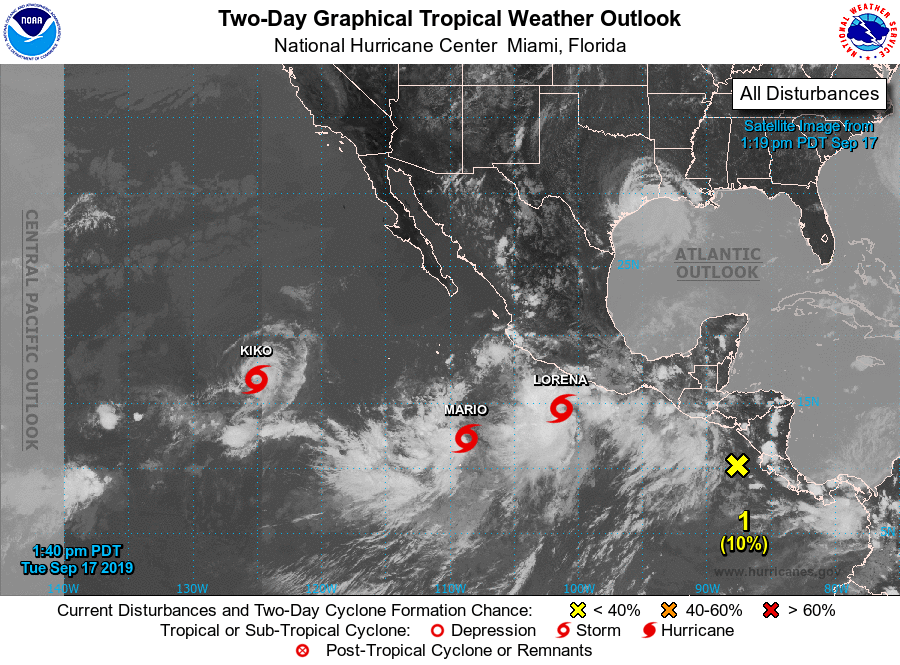
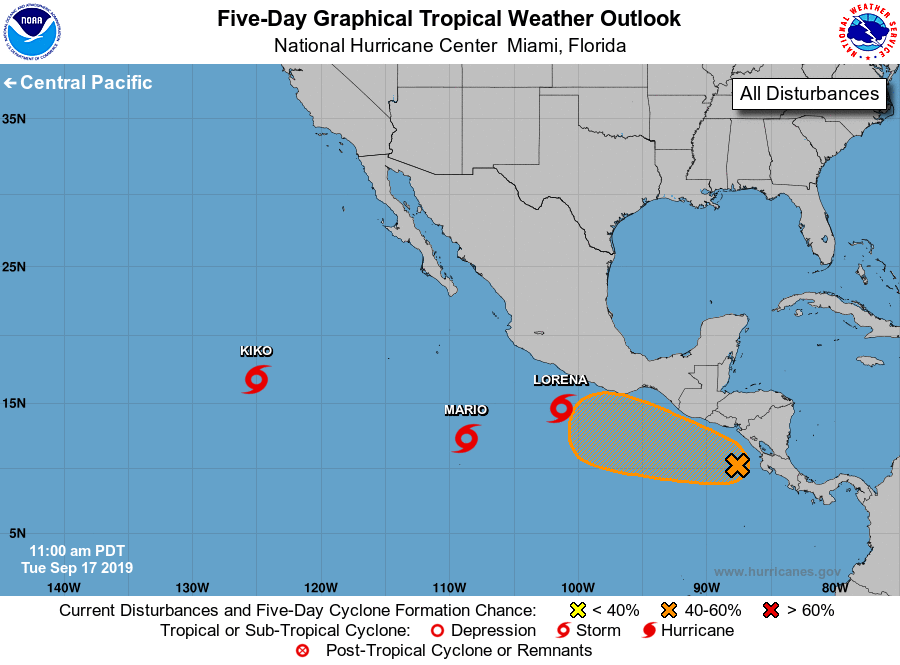
For the eastern North Pacific...east of 140 degrees west longitude:

The National Hurricane Center is issuing advisories on Hurricane Kiko, located over the southwestern part of the basin, on newly formed Tropical Depression Fourteen-E, located several hundred miles south of the southern tip of the Baja California peninsula, and on newly formed Tropical Storm Lorena, located a few hundred miles south-southeast of Zihuatanejo, Mexico.

1. Disorganized cloudiness and showers located just west of Central America are associated with a trough of low pressure. Gradual development of this system is anticipated during the next several days, and a tropical depression could form over the weekend while the wave moves westward or west-northwestward at 5 to 10 mph. Locally heavy rainfall is possible along the coasts of El Salvador, Guatemala and southeastern Mexico during the next few days.
* Formation chance through 48 hours...low...10 percent.
* Formation chance through 5 days...medium...50 percent.

Public Advisories on Fourteen-E are issued under WMO header WTPZ34 KNHC and under AWIPS header MIATCPEP4. Forecast/Advisories on Fourteen-E are issued under WMO header WTPZ24 KNHC and under AWIPS header MIATCMEP4.

Public Advisories on Lorena are issued under WMO header WTPZ35 KNHC and under AWIPS header MIATCPEP5. Forecast/Advisories on Lorena are issued under WMO header WTPZ25 KNHC and under AWIPS header MIATCMEP5.

Forecaster Blake